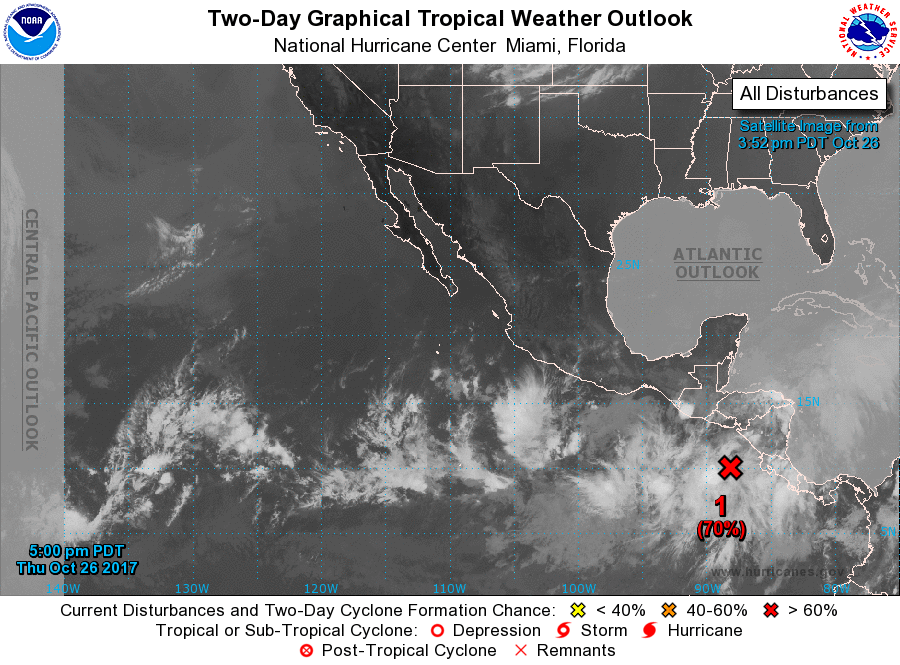
For the eastern North Pacific...east of 140 degrees west longitude:

1. An area of disturbed weather, associated with an elongated area of low pressure, is located a few hundred miles west of the coast of Costa Rica. Environmental conditions are forecast to be conducive for development, and a tropical depression could form during the next couple of days as the system moves west-northwestward to northwestward near the coast of Central America. Regardless of development, locally heavy rains are likely over portions of Central America through Saturday.
* Formation chance through 48 hours...high...70 percent.
* Formation chance through 5 days...high...70 percent.

Forecaster Beven